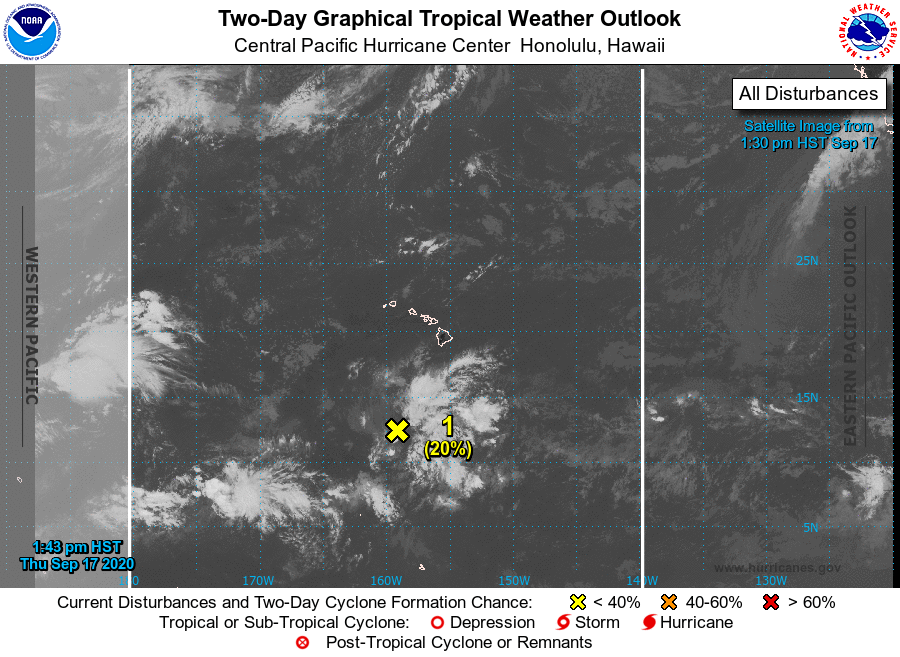
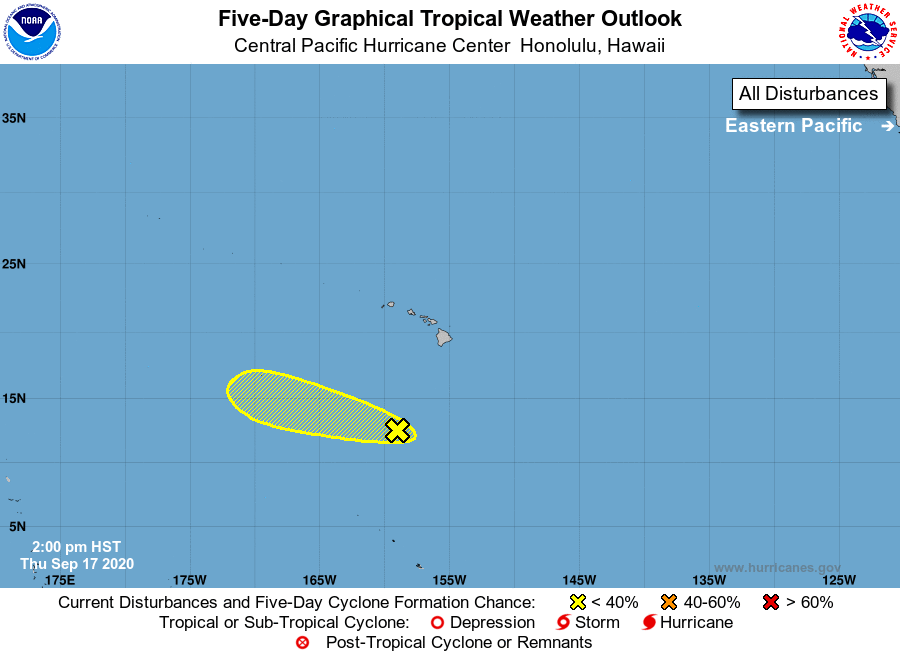
For the central North Pacific...between 140W and 180W:

1. Showers and thunderstorms associated with an elongated area of low pressure around 530 miles south-southwest of Hilo, Hawaii, have become disorganized through the day. Environmental conditions will become increasingly hostile for development as the system moves west-northwestward at 10 to 15 mph.
* Formation chance through 48 hours...low...20 percent.
* Formation chance through 5 days...low...20 percent.

Elsewhere, no tropical cyclones are expected during the next 5 days.

Forecaster Kodama